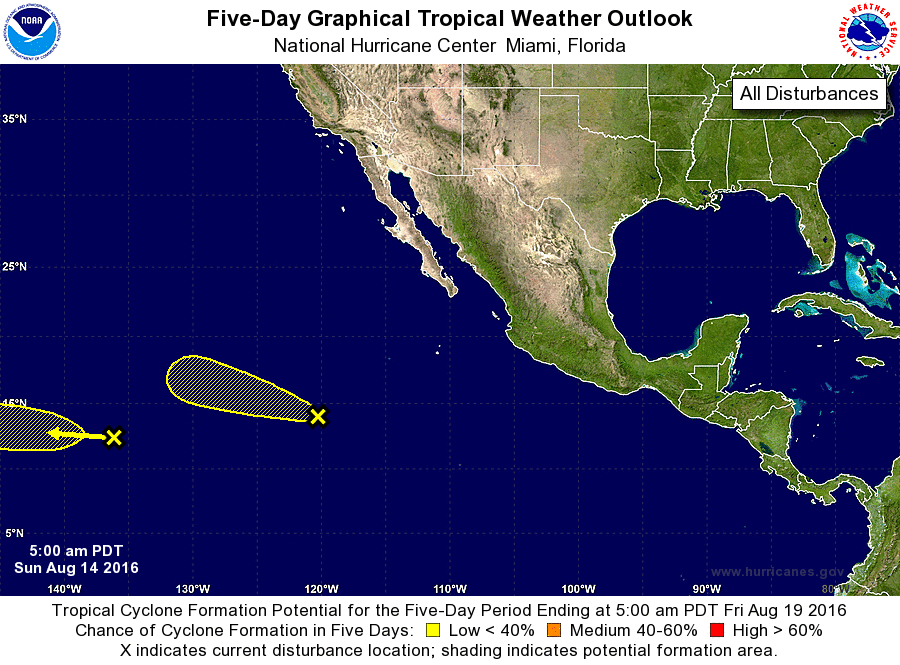
For the eastern North Pacific...east of 140 degrees west longitude:

1. A poorly organized area of disturbed weather is located about 1300 miles east-southeast of the Hawaiian Islands. A low pressure area could form within this disturbance during the few days, but any further development should be slow to occur. This system is forecast to move generally westward into the Central Pacific basin by Monday.
* Formation chance through 48 hours...low...near 0 percent
* Formation chance through 5 days...low...10 percent

2. Satellite data indicate that a low pressure area has formed about 900 miles southwest of the southern tip of Baja California. The associated shower and thunderstorm activity, however, is not co- located with the surface circulation. Environmental conditions are expected to be only marginally conducive for any additional development during the next couple of days while this system moves generally west-northwestward. After that time, the disturbance is likely to encounter a much drier air mass, which would likely preclude tropical cyclone formation.
* Formation chance through 48 hours...low...10 percent
* Formation chance through 5 days...low...10 percent

Forecaster Kimberlain